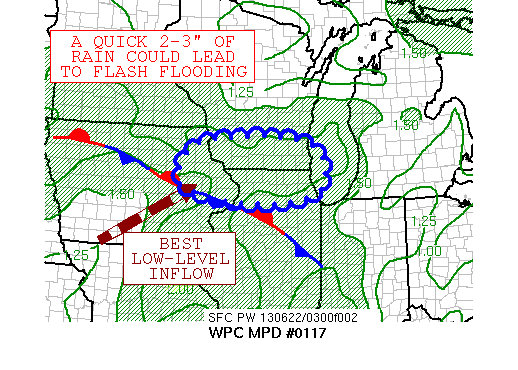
AREAS AFFECTED...FAR EASTERN IA...SOUTHERN WI...NORTHERN IL

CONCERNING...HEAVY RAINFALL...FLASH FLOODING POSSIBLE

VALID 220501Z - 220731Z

SUMMARY...AN EAST-WEST BAND OF CONVECTION IN SOUTHERN WI IS
EXPECTED TO SHIFT SLOWLY SOUTHWARD TOWARDS NORTHERN IL.
CONSIDERING THE SATURATED SOILS IN THE AREA FROM RECENT RAINS,
FLASH FLOODING IS POSSIBLE.

DISCUSSION...A LOW-LEVEL JET -- AT 850 HPA -- OF 40 KNOTS IS
OVERRIDING A WEAK POLAR FRONT/BAROCLINIC TROUGH AND HAS LED TO THE
DEVELOPMENT OF AN EAST-WEST BAND OF THUNDERSTORMS ACROSS SOUTHERN
WI WHICH HAS SOLIDIFIED AS OF LATE WITHIN AN AXIS OF HIGH
MOISTURE.  THE MEAN FLOW IS PARALLEL TO THE 850 HPA WIND PATTERN,
WHICH HAS LED TO THIS BAND.  PRECIPITABLE WATER VALUES OF 1.75-2
INCHES ARE AIDING PRECIPITATION EFFICIENCY OF THE THUNDERSTORMS.
THE REGION HAS DIVERGENCE ALOFT EAST OF AN UPPER LOW MOVING ACROSS
ID.  THIS BAND SHOULD SHIFT SLOWLY SOUTHWARD OVER THE NEXT FEW
HOURS INTO NORTHERN IL AS THE LOW-LEVEL INFLOW SHIFTS IN TANDEM.
INFLOW AT THE 850 HPA LEVEL INTO THE REGION IS EXPECTED TO WEAKEN
SOMEWHAT AS TIME GOES ON, WHICH SHOULD REDUCE THE REGIONAL THREAT
FOR FLASH FLOODING, HENCE THE POSSIBLE WORDING.  CONSIDERING THAT
FLASH FLOOD GUIDANCE VALUES ARE RATHER LOW -- 1.5 INCHES/3 HOURS
-- DUE TO RECENT RAINS, THINK FLASH FLOODING WILL BE POSSIBLE IN
THIS REGION AS LOCAL RAINFALL AMOUNTS OF 2-3 INCHES ARE EXPECTED
OVER THE NEXT COUPLE HOURS.  THE INTENT IS TO MERGE THIS AREA IN
WITH THE LARGER HEAVY RAIN EVENT TO THE WEST NEAR THE NE/SD/MN/IA
BORDER AREA LATER TONIGHT/EARLY SATURDAY MORNING, WHICH LED TO A
SHORT DURATION FOR THIS MESOSCALE PRECIPITATION DISCUSSION.